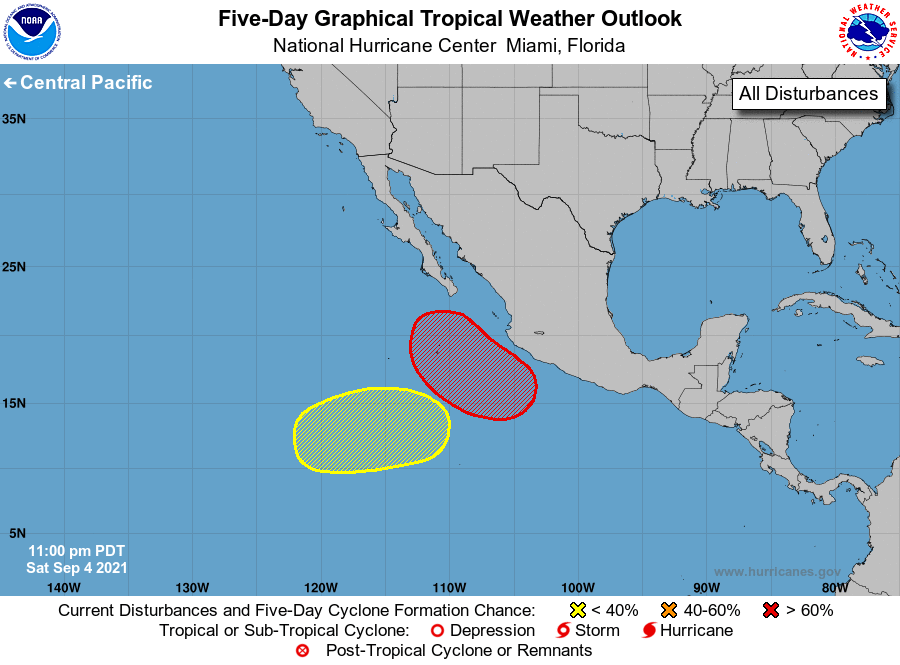
For the eastern North Pacific...east of 140 degrees west longitude:

1. An area of low pressure is expected to form by Monday a few hundred miles offshore the southwestern coast of Mexico. Environmental conditions are forecast to be conducive for gradual development of this system, and a tropical depression is likely to form by midweek while it moves west-northwestward or northwestward at 5 to 10 mph just offshore the southwestern coast of Mexico.
* Formation chance through 48 hours...low...near 0 percent.
* Formation chance through 5 days...high...70 percent.

2. Another area of low pressure is forecast to form early this week well to the southwest of the southern tip of the Baja California peninsula. Some slow development is possible thereafter while the system meanders over the open eastern Pacific Ocean.
* Formation chance through 48 hours...low...near 0 percent.
* Formation chance through 5 days...low...30 percent.

Forecaster Reinhart